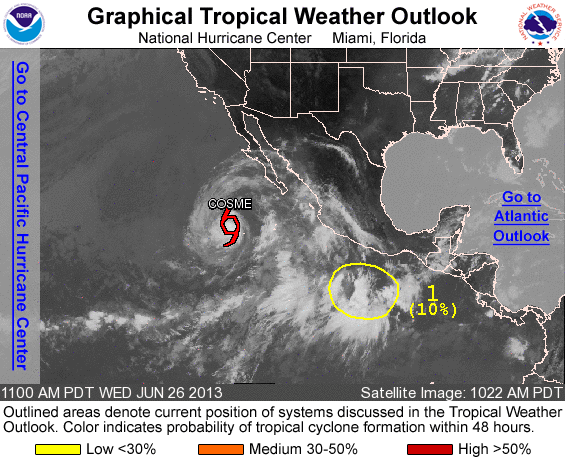
FOR THE EASTERN NORTH PACIFIC...EAST OF 140 DEGREES WEST LONGITUDE..

THE NATIONAL HURRICANE CENTER IS ISSUING ADVISORIES ON RECENTLY- DOWNGRADED TROPICAL STORM COSME...LOCATED SEVERAL HUNDRED MILES SOUTHWEST OF THE SOUTHERN TIP OF BAJA CALIFORNIA.

1. AN AREA OF DISTURBED WEATHER HAS FORMED SEVERAL HUNDRED MILES SOUTH OF ACAPULCO MEXICO. SLOW DEVELOPMENT OF THIS SYSTEM IS POSSIBLE DURING THE NEXT COUPLE OF DAYS AT IT MOVES WESTWARD OR WEST-NORTHWESTWARD AT ABOUT 10 MPH. THIS SYSTEM HAS A LOW CHANCE...10 PERCENT...OF BECOMING A TROPICAL CYCLONE DURING THE NEXT 48 HOURS.

ELSEWHERE...TROPICAL CYCLONE FORMATION IS NOT EXPECTED DURING THE NEXT 48 HOURS.

FORECASTER BEVEN